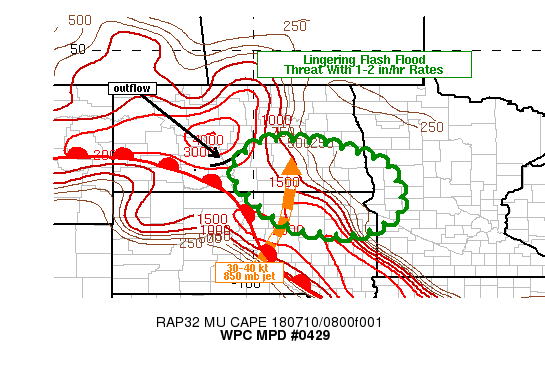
AREAS AFFECTED...ERN DAKOTAS INTO WRN MN

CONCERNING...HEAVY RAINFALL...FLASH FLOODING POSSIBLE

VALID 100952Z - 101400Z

SUMMARY...A FLASH FLOOD WILL LINGER FOR ANOTHER 2-4 HOURS WITH
RAINFALL RATES OF 1-2 IN/HR FROM THE EASTERN DAKOTAS INTO PERHAPS
WESTERN MN. THE HEAVY RAIN/FLASH FLOOD THREAT SHOULD WANE BEYOND
14Z.

DISCUSSION...0930Z RADAR IMAGERY FROM KBIS SHOWED A NORTHWEST TO
SOUTHEAST ORIENTED AXIS OF CONVECTION EXTENDING FROM EAST OF
BISMARCK TO FAR NORTHEASTERN SOUTH DAKOTA...WITH A FORWARD
PROPAGATING COMPONENT AND RELATED OUTFLOW ON THE NORTHWEST
FLANK...WHICH JUST CROSSED BISMARCK AND WAS TRANSLATING
SOUTHEASTWARD. ELEMENTS OF TRAINING HAVE BEEN OBSERVED WITH A 2.37
IN/HR REPORT NEAR TAPPEN IN THE VICINITY OF I-94 ENDING 09Z.
CONVECTION APPEARS TO BE ELEVATED...ROOTED NEAR 700 MB PER RAP
SOUNDINGS WITH PERIODS OF TRAINING NEAR AND SOUTH OF WHERE THE
FORWARD PROPAGATING OUTFLOW NEAR I-94 IN CENTRAL ND INTERSECTS THE
NORTHWEST TO SOUTHEAST CONVECTIVE LINE.

MUCAPE VALUES CONTINUE TO RISE ACROSS THE EASTERN DAKOTAS AHEAD OF
A SLOW MOVING WARM FRONT LOCATED FROM SOUTHWESTERN ND INTO CENTRAL
SD AS OF 09Z. HOWEVER...SHORT TERM FORECASTS FROM THE RAP AND HRRR
HAVE BEEN CONSISTENT WITH THE EASTERN EDGE OF THE INSTABILITY
RESERVOIR NOT ADVANCING MUCH INTO MINNESOTA PRIOR TO 15Z. GIVEN
RADAR/SATELLITE TRENDS AND SHORT TERM FORECASTS OF REDUCING
AVAILABLE CAPE...THE FLASH FLOOD THREAT IS EXPECTED TO CONTINUE
ANOTHER 2-4 HOURS...MAINLY ACROSS THE EASTERN DAKOTAS BUT PERHAPS
EXTENDING INTO FAR WRN MN.